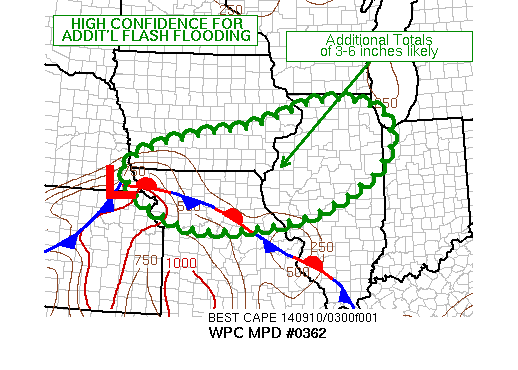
AREAS AFFECTED...NRN MISSOURI / SRN IOWA INTO CNTRL/NRN ILLINOIS

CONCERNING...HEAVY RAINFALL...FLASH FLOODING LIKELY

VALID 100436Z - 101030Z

SUMMARY...REPEATING CELL TRACKS ARE EXPECTED TO CONTINUE THE FLASH
FLOOD THREAT OVER NRN MISSOURI / SRN IOWA IN THE SHORT
TERM...WHILE SHIFTING DOWNSTREAM INTO ILLINOIS AFTER 06/07Z.
ADDITIONAL RAINFALL AMOUNTS OF 3-6 INCHES ARE EXPECTED FROM NERN
MISSOURI INTO W-CNTRL ILLINOIS BY 10Z.

DISCUSSION...A LARGE MCC CURRENTLY DEVELOPING OVER IOWA AND
MISSOURI HAS ALREADY PRODUCED NUMEROUS REPORTS OF FLASH FLOODING
WITHIN 50 MILES OF EITHER SIDE OF THE MISSOURI/IOWA BORDER WITH
LOCALIZED RAINFALL RATES OF 3+ IN/HR AS EVIDENCED IN SRN NODAWAY
AND SRN SULLIVAN COUNTIES IN NWRN AND N-CNTRL MISSOURI EARLIER
TONIGHT. A STRONG LLJ OF 50-60 KTS FROM THE SSW AS SEEN ON VAD
WIND PLOTS FROM KTWX AND KEAX...IS ADVECTING WARM/MOIST AIR ATOP A
SHARPLY DEFINED STATIONARY FRONT STRETCHING SEWD FROM A LOW IN
SERN NEBRASKA.

AS A 700 MB LOW / SHORTWAVE CONTINUES TO STRENGTHEN AND ADVANCE
FROM SERN SOUTH DAKOTA TOWARD WRN WISCONSIN...A SURFACE LOW IN
SERN NEBRASKA WILL TRANSLATE NEWD OVER THE NEXT 3-6
HOURS...CAUSING LOW LEVEL FLOW TO VEER. THE VEERING FLOW IS
EXPECTED TO PARALLEL AND EXCEED MEAN NELY STORM MOTIONS OF 30-35
KTS...SETTING UP A STRONG SIGNAL FOR TRAINING CONVECTION FROM NERN
MISSOURI INTO CNTRL/NRN ILLINOIS.

THE 12Z HRW ARW HAS BEEN HANDLING THIS SITUATION THE BEST SO
FAR...AND WITH ADJUSTMENTS MADE FOR CURRENT RADAR TRENDS...FLASH
FLOODING APPEARS LIKELY AS 2+ INCH PWAT AIRMASS FILTERS INTO
ILLINOIS LATER THIS MORNING.